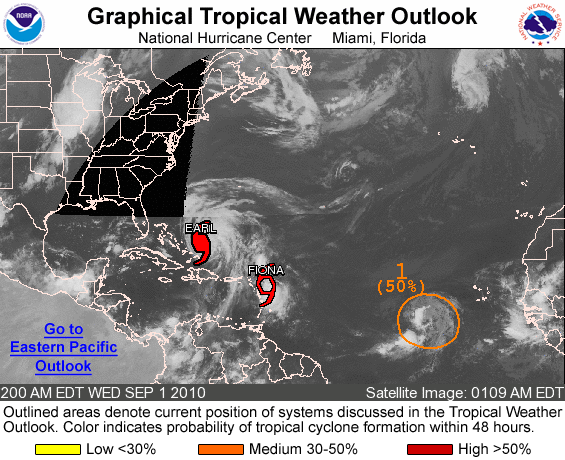
FOR THE NORTH ATLANTIC...CARIBBEAN SEA AND THE GULF OF MEXICO...

THE NATIONAL HURRICANE CENTER IS ISSUING ADVISORIES ON HURRICANE EARL...LOCATED ABOUT 145 MILES NORTH-NORTHEAST OF GRAND TURK...AND ON TROPICAL STORM FIONA...LOCATED ABOUT 210 MILES EAST-SOUTHEAST OF THE NORTHERN LEEWARD ISLANDS.

1. SHOWERS AND THUNDERSTORMS ASSOCIATED WITH A BROAD AREA OF LOW PRESSURE LOCATED ABOUT 600 MILES WEST-SOUTHWEST OF THE CAPE VERDE ISLANDS IS SHOWING SIGNS OF ORGANIZATION. ENVIRONMENTAL CONDITIONS APPEAR FAVORABLE FOR DEVELOPMENT AND THIS SYSTEM COULD BECOME A TROPICAL DEPRESSION DURING THE NEXT DAY OR TWO. THERE IS A MEDIUM CHANCE...50 PERCENT...OF THIS SYSTEM BECOMING A TROPICAL CYCLONE DURING THE NEXT 48 HOURS AS IT MOVES WESTWARD AT 10 TO 15 MPH.

ELSEWHERE...TROPICAL CYCLONE FORMATION IS NOT EXPECTED DURING THE NEXT 48 HOURS.

FORECASTER CANGIALOSI